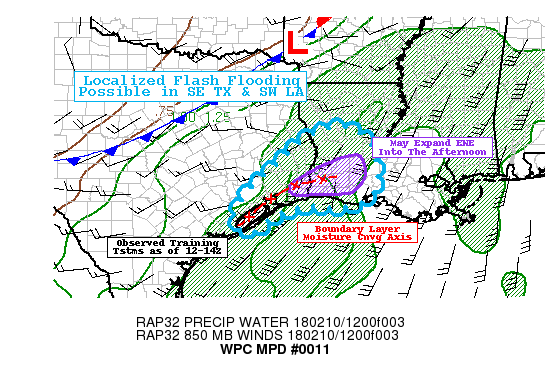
AREAS AFFECTED...SE TEXAS...SW LOUISIANA

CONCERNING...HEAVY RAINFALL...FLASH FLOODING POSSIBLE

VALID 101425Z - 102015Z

SUMMARY...LOCALIZED FLASH FLOODING WILL BE POSSIBLE THROUGH THE
MORNING AND INTO THE EARLY AFTERNOON FROM SOUTHEAST TEXAS INTO
SOUTHWEST LOUISIANA WITH SMALL TRAINING HEAVY RAIN BANDS AND
THUNDERSTORMS. HOURLY RAIN RATES COULD REACH 2 IN/HR AND RAINFALL
TOTALS COULD EXCEED 4 INCHES IN LOCALIZED AREAS.

DISCUSSION...SURFACE OBSERVATIONS AS OF 12Z INDICATED BROAD 5-10
KT SOUTHEASTERLY INFLOW FROM THE NORTHWESTERN GULF OF MEXICO INTO
COASTAL TEXAS AND LOUISIANA...WITH CALM WINDS AROUND 15-25 MILES
INLAND. THIS WAS SETTING UP A RIBBON OF BOUNDARY LAYER CONVERGENCE
FROM NEAR BAY CITY TX...TO NEAR LEAGUE CITY TX...TO NEAR BEAUMONT
TX...AND FURTHER ENE TO JUST NORTH OF LAFAYETTE LA. AS A BROAD
AREA OF RAIN CONTINUES TO FALL TO THE NORTH OF THIS AXIS...AND
CONVECTION DEVELOPS ALONG IT...THE THETAE GRADIENT AND CONVERGENCE
MAY BECOME FURTHER ENHANCED OVER THE NEXT SEVERAL HOURS. IF THAT
OCCURS...TRAINING CONVECTION WOULD BE INCREASINGLY LIKELY GIVEN
BROAD SOUTHWESTERLY FLOW IN THE 850-300MB LAYER PER THE 12Z LCH
SOUNDING. AND GIVEN OBSERVED PWATS BETWEEN 1.6 AND 1.8 INCHES ON
THAT SOUNDING AND GPS-PW ACROSS THE REGION (NEAR RECORD VALUES FOR
FEBRUARY)...ANY CONVECTION SHOULD BE EFFICIENT RAINFALL PRODUCERS.

HGX RADAR SHOWS A BAND OF HEAVY RAIN AND THUNDERSTORMS AROUND
40-50 MILES IN LENGTH THAT HAS BEEN TRAINING FOR THE PAST COUPLE
HOURS OVER PORTIONS OF BRAZORIA... GALVESTON... AND FAR SOUTHEAST
HARRIS COUNTIES. THIS APPEARS TO BE ANCHORED RIGHT ALONG THE
BOUNDARY LAYER CONVERGENCE AXIS. SURFACE OBSERVATIONS ALSO
INDICATE THE POSSIBILITY OF A WEAK MESOLOW (SLIGHTLY REDUCED
PRESSURE AND MORE FOCUSED CONVERGENCE) IN THIS AREA...AND THE 12Z
RAP ACTUALLY TRIES TO SHIFT SUCH A MESOLOW NORTHEAST INTO PORTIONS
OF LOUISIANA THIS AFTERNOON WITH A FOCUSED AREA OF BOUNDARY LAYER
CONVERGENCE. IF THIS WERE TO BECOME MORE COHERENT...IT COULD
FURTHER HELP FOCUS CONVECTION OVER THE NEXT 3-6 HOURS.

BASED ON MESONET OBSERVATIONS ACROSS PORTIONS OF BRAZORIA
COUNTY...RAIN RATES HAVE ALREADY APPROACHED 2 IN/HR IN SOME
LOCATIONS....AND THIS SEEMS REASONABLE GIVEN DUAL POL ESTIMATES
FROM THE HGX RADAR. MRMS HAS BEEN UNDERESTIMATING RAINFALL RATES
SLIGHTLY...BUT THE CREST HYDROLOGIC MODEL (DRIVEN BY MRMS
RAINFALL) IS STILL BEGINNING TO SHOW SOME HYDROLOGIC RESPONSE AND
POSSIBILITY OF FLOODING DEVELOPING FROM THIS RAIN BAND.
THEREFORE...DESPITE HIGHER FLASH FLOOD GUIDANCE IN THIS
REGION...THE POTENTIAL FOR TRAINING CONVECTION AND RAIN RATES UP
TO AROUND 2 IN/HR SHOULD SUPPORT THE POSSIBILITY OF LOCALIZED
FLASH FLOODING FROM SE TX INTO SW LA INTO THE EARLY AFTERNOON.